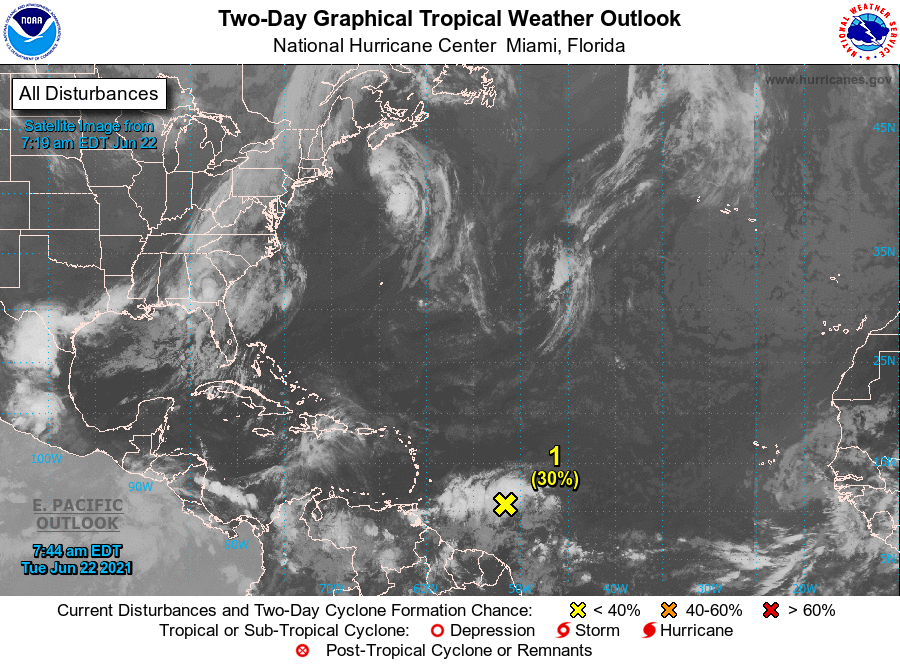
For the North Atlantic...Caribbean Sea and the Gulf of Mexico:

1. Showers and thunderstorms have increased in coverage associated with the tropical wave located more than 500 miles east of the Windward Islands. Some additional development of this disturbance is possible over the next couple of days before upper-level winds become less conducive for further organization by Thursday. The system is expected to move westward to west-northwestward at 15 to 20 mph.
* Formation chance through 48 hours...low...30 percent.
* Formation chance through 5 days...low...30 percent.

Forecaster Papin/Cangialosi